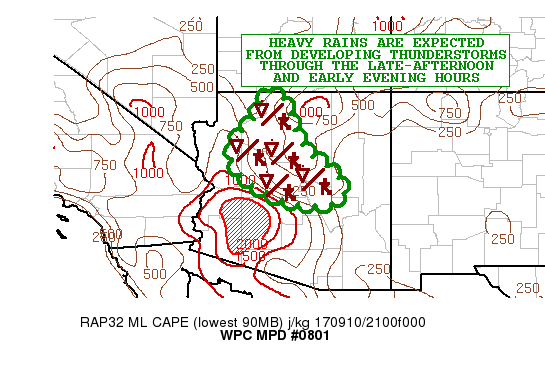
AREAS AFFECTED...NORTHERN/CENTRAL AZ

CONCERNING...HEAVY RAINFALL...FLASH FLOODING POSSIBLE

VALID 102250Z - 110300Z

SUMMARY...SCATTERED CLUSTERS OF HEAVY SHOWERS AND THUNDERSTORMS
ARE EXPECTED OVER THE NEXT FEW HOURS. SOME FLASH FLOODING WILL BE
POSSIBLE CONSIDERING THE SLOW CELL MOTION.

DISCUSSION...STRONG DIURNAL HEATING AND RELATIVELY FAVORABLE
MOISTURE PROFILES ARE HELPING TO FOSTER CONVECTIVE INITIATION OVER
THE OROGRAPHICALLY FAVORED MOGOLLON RIM. NON-OPERATIONAL GOES-16
0.64 MICRON/VIS IMAGERY SHOWS AGITATED CU/TCU OVER THE REGION WITH
RADAR CONFIRMING SOME LOCALLY HEAVY CONVECTIVE CORES.

SOME ADDITIONAL INCREASE IN CONVECTIVE COVERAGE AND ORGANIZATION
IS EXPECTED OVER THE NEXT COUPLE OF HOURS AS ADDITIONAL DIURNALLY
ENHANCED INSTABILITY FOCUSES OVER THE REGION. SOME BRIEF
CELL-MERGER ACTIVITY IS ANTICIPATED AS WELL WHICH WILL FOSTER SOME
LOCALLY ENHANCED RAINFALL RATES THAT COULD APPROACH 1.5 INCHES/HR.

THE HIRES MODELS SUPPORTED BY THE 12Z ARW AND 12Z NMMB SUPPORT
SOME 1 TO 2 INCH RAINFALL AMOUNTS THROUGH ABOUT 03Z...BUT SOME
ISOLATED HEAVIER TOTALS CANNOT BE RULED OUT GIVEN THE SLOW CELL
MOTION AND FAVORABLE OROGRAPHIC SET-UP. SOME FLASH FLOODING WILL
BE POSSIBLE AS A RESULT OVER THE HIGHER TERRAIN AND NEAR ANY
SLOT-CANYONS OR DRY WASHES.